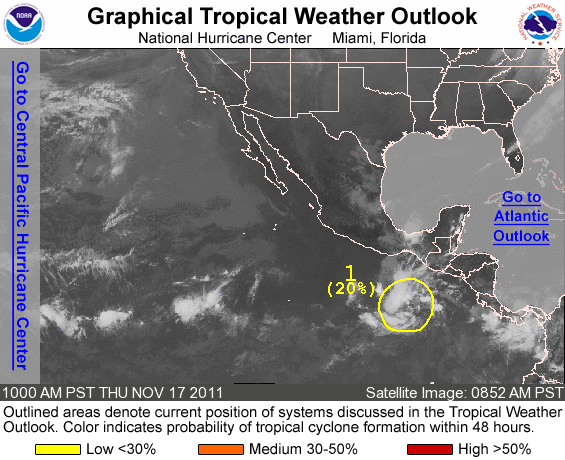
FOR THE EASTERN NORTH PACIFIC...EAST OF 140 DEGREES WEST LONGITUDE..

1. A BROAD AREA OF LOW PRESSURE LOCATED ABOUT 400 MILES SOUTH OF THE BORDER OF GUATEMALA AND MEXICO CONTINUES TO PRODUCE DISORGANIZED SHOWERS AND A FEW THUNDERSTORMS. ALTHOUGH DRY AIR AND COOLER WATERS WILL AFFECT THE LOW DURING THE NEXT DAY OR TWO...SOME GRADUAL DEVELOPMENT IS POSSIBLE. THIS SYSTEM HAS A LOW CHANCE... 20 PERCENT...OF BECOMING A TROPICAL CYCLONE DURING THE NEXT 48 HOURS AS IT MOVES WESTWARD AT 10 TO 15 MPH.

ELSEWHERE...TROPICAL CYCLONE FORMATION IS NOT EXPECTED DURING THE NEXT 48 HOURS.

FORECASTER CANGIALOSI